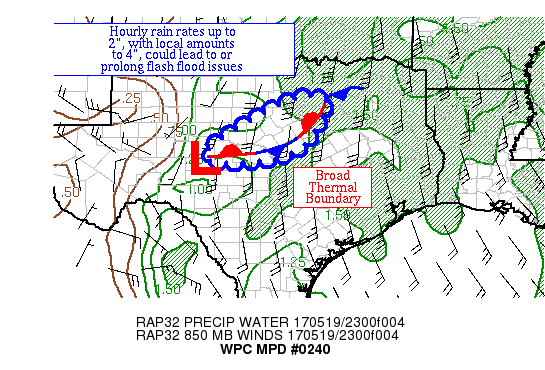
AREAS AFFECTED...CENTRAL TX

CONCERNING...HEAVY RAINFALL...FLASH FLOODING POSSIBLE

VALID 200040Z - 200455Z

SUMMARY...TWO CLUSTERS OF CONVECTION MAY MERGE WITHIN CENTRAL TX
OVER THE NEXT SEVERAL HOURS.  WITH HOURLY RAIN RATES UP TO 2",
WITH ADDITIONAL AMOUNTS UP TO 4", COULD LEAD TO CONTINUED ISSUES.

DISCUSSION...A SMALL THUNDERSTORM CLUSTER HAS BEEN STUCK IN THE
VICINITY OF SAN ANGELO TX FOR ABOUT FIVE HOURS NEAR A WEAK SURFACE
LOW.  NEW CONVECTION IS FORMING OFF TO THE EAST ALONG A WEAK
THERMAL BOUNDARY.  PRECIPITABLE WATER VALUES OF 1.25-1.75" LIE IN
THE AREA.  INFLOW AT 850 HPA IS 20-40 KTS PER VAD WIND PROFILES.
MUCAPES OF 2000-4000 J/KG LIE NEARBY, WHICH DESPITE CIN, IS LIKELY
WHY CONVECTION IS OCCURRING AT THESE LOCATIONS.

THE NAM CONEST AND HRRR/RAP HAVE BEEN THE ONLY PIECES OF GUIDANCE
USEFUL IN THIS REGION.  SO FAR, FORWARD PROPAGATION HAS NOT
OCCURRED IN CENTRAL TX, BUT AT SOME POINT, STORMS SHOULD MOVE EAST
TO EAST-NORTHEAST AT 30 KTS.  THIS IS IMPLIED BY THE RAP 850 HPA
WINDS, WHICH SHOW SOME VEERING WITH TIME.  IT IS POSSIBLE THAT THE
TWO CONVECTIVE AREAS COULD MERGE WITH TIME, WHICH WOULD HEIGHTEN
THE RISK FOR HEAVY RAINFALL.  HOURLY RAIN RATES UP TO 2", WITH
LOCAL AMOUNTS TO 4", COULD LEAD TO OR CONTINUE FLASH FLOOD ISSUES.